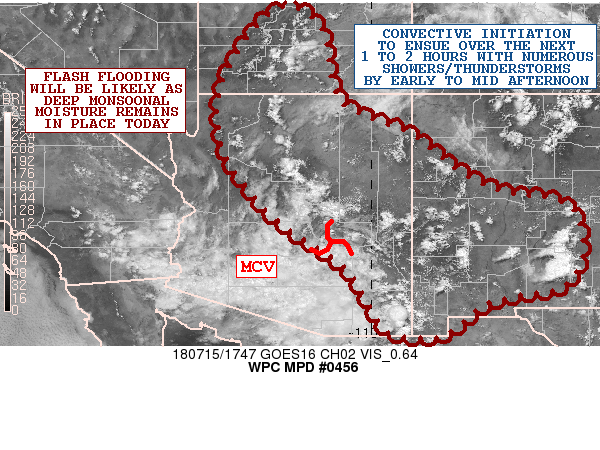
AREAS AFFECTED...SOUTHERN UT...NORTHERN/EASTERN
AZ...WESTERN/SOUTHERN NM

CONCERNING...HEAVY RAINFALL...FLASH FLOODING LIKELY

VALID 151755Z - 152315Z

SUMMARY...CONVECTIVE INITIATION WILL ENSUE OVER THE NEXT 1 TO 2
HOURS...WITH NUMEROUS SHOWERS AND THUNDERSTORMS EXPECTED BY EARLY
TO MID-AFTERNOON. FLASH FLOODING WILL BE LIKELY GIVEN DEEP
MONSOONAL MOISTURE PROFILES.

DISCUSSION...THE LATEST GOES-16 VISIBLE SATELLITE IMAGERY IS
SHOWING PLENTY OF CU/TCU INITIATING OVER PORTIONS OF SOUTHERN
UT...NORTHERN/EASTERN AZ AND WESTERN/SOUTHERN NM ALONG WITH SOME
POCKETS OF CONVECTIVE INITIATION OVER THE HIGHER TERRAIN AS STRONG
DIURNAL HEATING IS PROMOTING AN INCREASINGLY UNSTABLE BOUNDARY
LAYER. MLCAPE VALUES ARE ALREADY ON THE ORDER OF 1000 TO 1500 J/KG
LOCALLY...AND WITH A DEEP MONSOONAL MOISTURE PROFILE IN PLACE
ACROSS THE SOUTHWEST...IT WILL NOT TAKE MUCH MORE ADDITIONAL
HEATING FOR A MORE ROBUST EXPANSION OF CONVECTION TO BEGIN TO TAKE
PLACE.

THE PWATS ACROSS THE REGION AGAIN ARE QUITE ANOMALOUS...AND AS
MUCH AS 2 TO 2.5 STANDARD DEVIATIONS ABOVE NORMAL FOR THIS TIME OF
THE YEAR...AND GIVEN THE CONCENTRATION OF MOISTURE SEEN IN THE
500/300 MB LAYER VIA 12Z RAOB DATA FROM FGZ/PHX AND TUS...THE
ANTICIPATED CONVECTION TODAY WILL AGAIN BE HIGHLY EFFICIENT AND
CAPABLE OF PRODUCING VERY HEAVY RAINFALL RATES THAT COULD EXCEED 2
INCHES/HR.

THE HIRES CAM GUIDANCE FROM 12Z COLLECTIVELY SUPPORTS LOCALLY VERY
HEAVY RAINFALL TOTALS THAT MAY REACH AS HIGH AS 3 TO 4 INCHES
GOING THROUGH LATE-AFTERNOON...WITH THE GREATEST CONCENTRATION OF
CONVECTION EXPECTED TO BE OVER CENTRAL/NORTHERN AZ IN VICINITY OF
THE MOGOLLON RIM AND NORTH OF A WELL-DEFINED MCV. THE HEAVIER
RAINFALL POTENTIAL IS SUPPORTED NOT ONLY BY THE INTENSE RAINFALL
RATES...BUT ALSO THE EXPECTED SLOW CELL MOTIONS SINCE THE FLOW
THROUGH THE COLUMN IS QUITE WEAK.

FLASH FLOODING WILL BE LIKELY GIVEN THE HEAVY SHORT-TERM RAINFALL
RATES. THE MORE SUSCEPTIBLE AREAS TO FLASH FLOODING WILL AGAIN BE
SLOT-CANYONS...DRY WASHES AND ANY BURN SCARS. AREAS DOWNSTREAM
FROM ACTIVE THUNDERSTORMS MAY ALSO SEE FLASH FLOODING GIVEN
ENHANCED RUNOFF AND FLOOD WAVE CONCERNS ON AREA TRIBUTARIES. WILL
CONTINUE TO MONITOR THROUGH THE AFTERNOON.